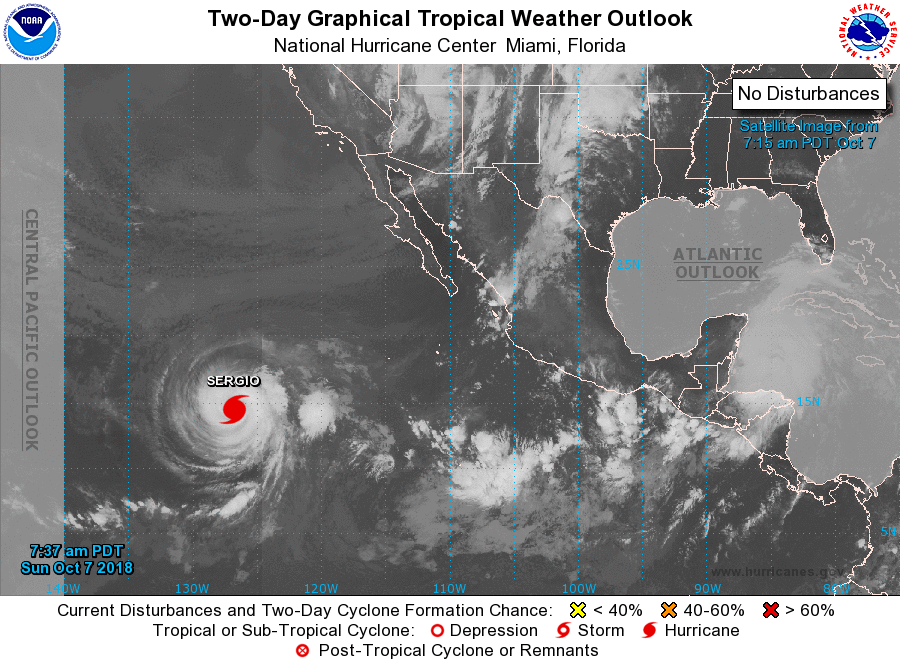
For the eastern North Pacific...east of 140 degrees west longitude:

The National Hurricane Center is issuing advisories on Hurricane Sergio, located about 1200 miles west-southwest of the southern tip of the Baja California peninsula.

Tropical cyclone formation is not expected during the next 5 days.

Forecaster Zelinsky